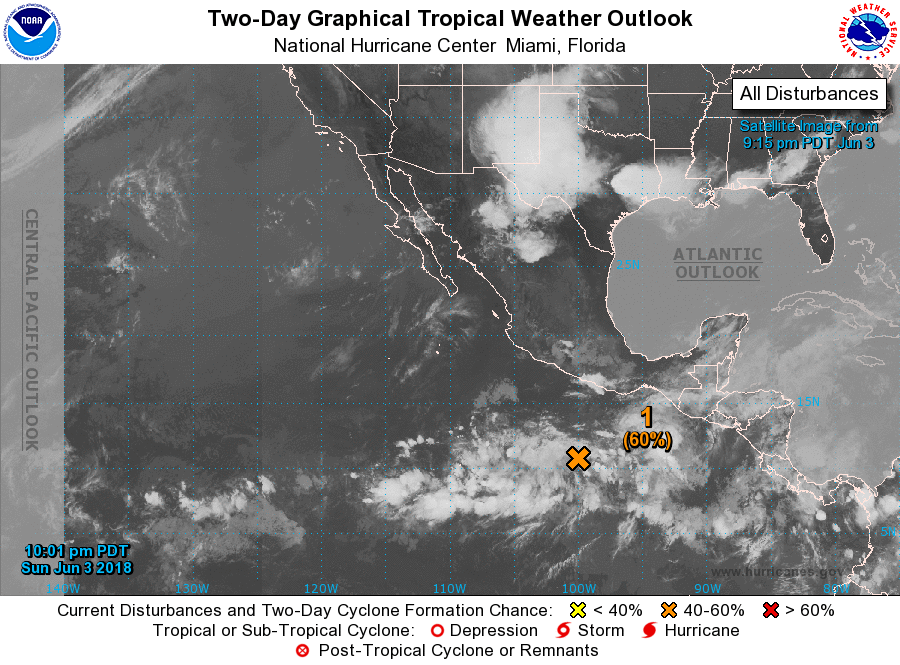
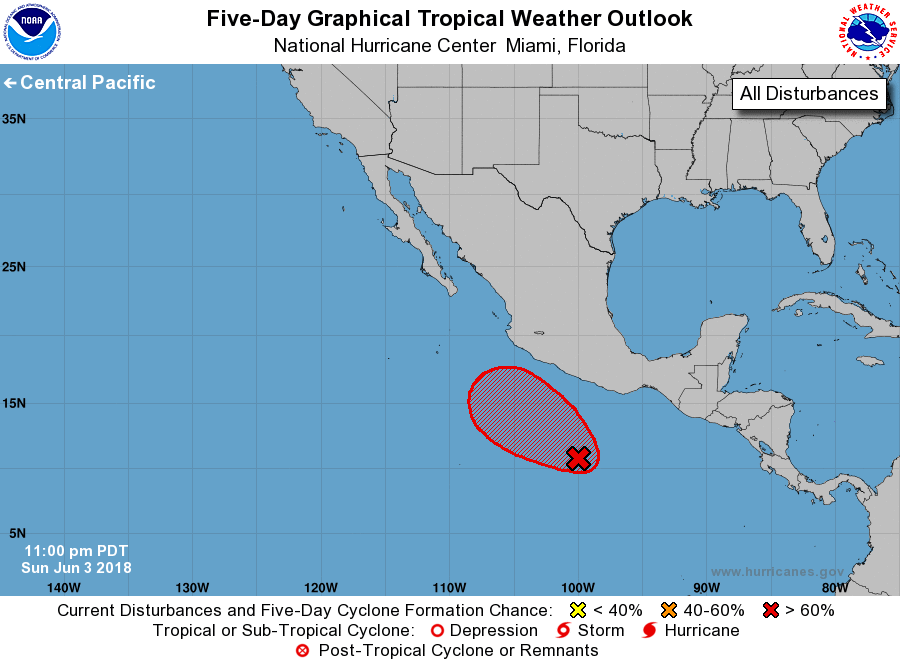
For the eastern North Pacific...east of 140 degrees west longitude:

1. A trough of low pressure located a few hundred miles south of the southern coast of Mexico continues to produce a large area of disorganized cloudiness and showers. Environmental conditions are expected to be conducive for development of this system, and a tropical depression is likely to form within the next two to three days while it moves slowly west-northwestward.
* Formation chance through 48 hours...medium...60 percent.
* Formation chance through 5 days...high...90 percent.

Forecaster Brown